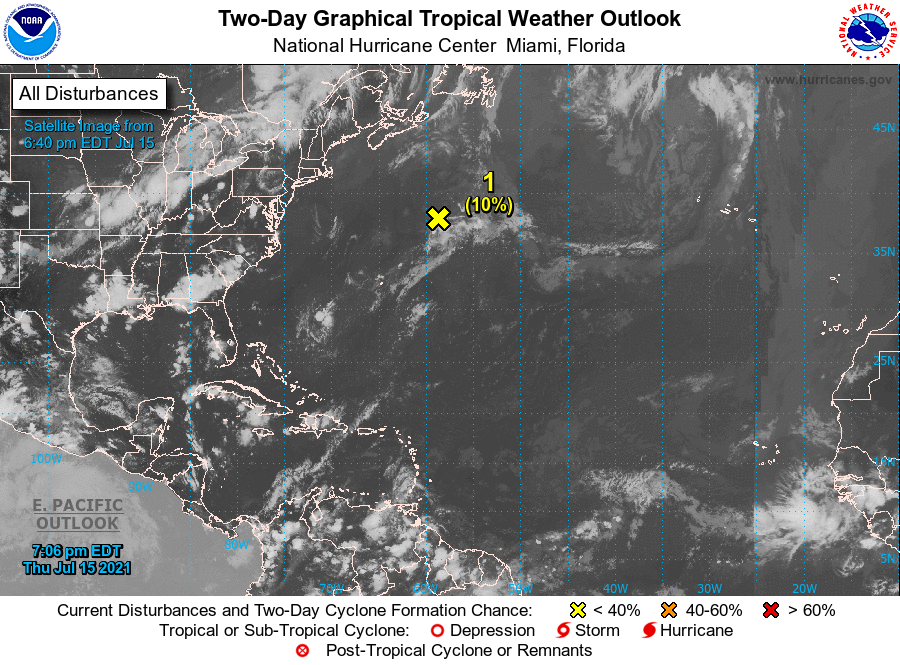
For the North Atlantic...Caribbean Sea and the Gulf of Mexico:

1. Disorganized thunderstorms continue near a non-tropical area of low pressure located several hundred miles south-southwest of Newfoundland. Environmental conditions are not forecast to be conducive for significant development overnight while the low accelerates northeastward. On Friday, the system is expected to open up into a trough of low pressure to the south of Newfoundland.
* Formation chance through 48 hours...low...10 percent.
* Formation chance through 5 days...low...10 percent.

Forecaster Blake